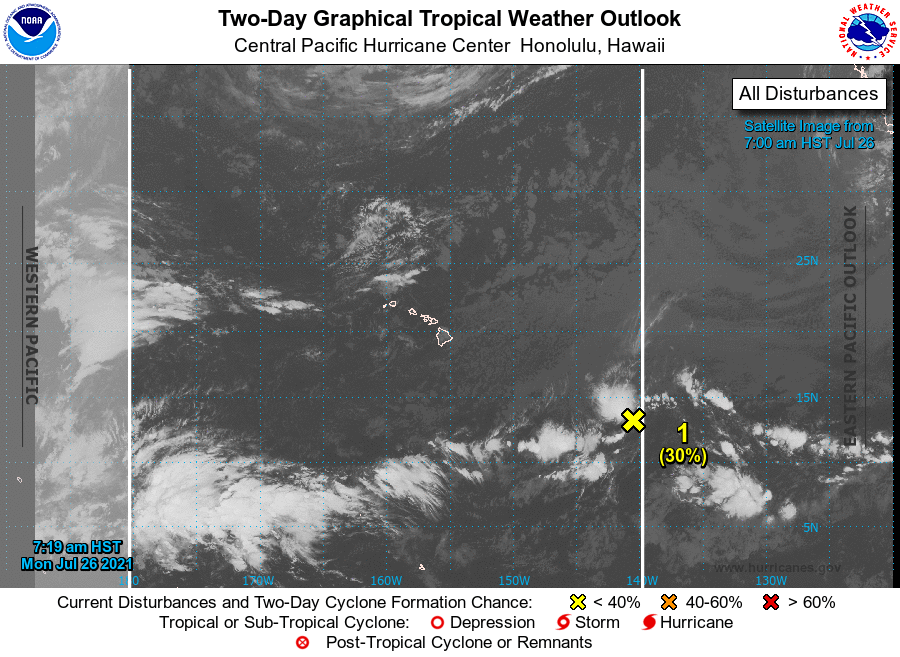
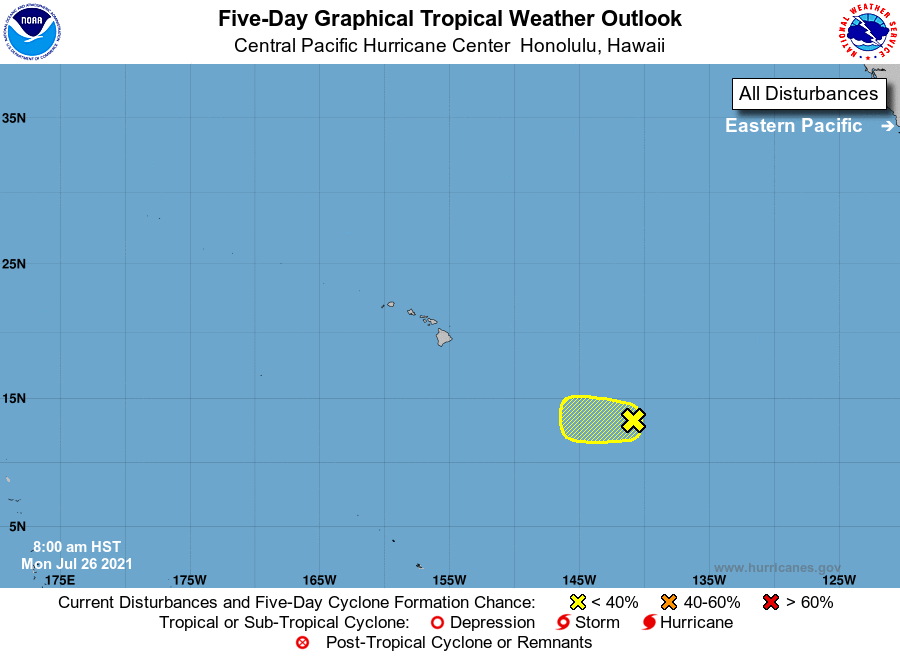
For the central North Pacific...between 140W and 180W:

1. An elongated area of low pressure located more than 1000 miles east-southeast of Hilo, Hawaii, as it continues to move westward at about 15 mph. The feature is producing disorganized showers and thunderstorms. Environmental conditions are gradually becoming less conducive for development of a tropical depression. By Tuesday, conditions are expected to become unfavorable for any further development.
* Formation chance through 48 hours...low...30 percent.
* Formation chance through 5 days...low...30 percent.

Elsewhere, no tropical cyclones are expected during the next 5 days.

Forecaster Almanza